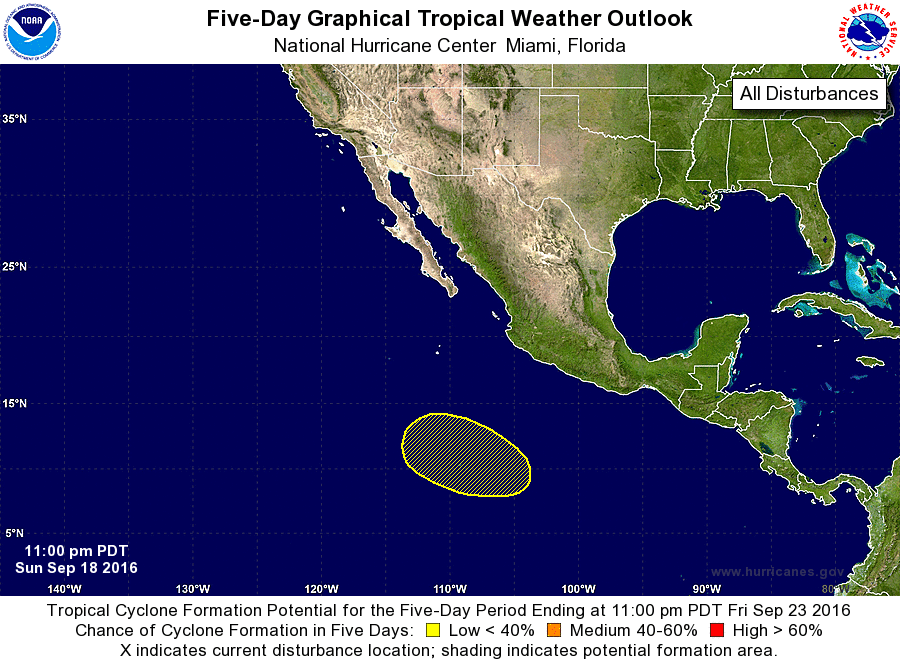
For the eastern North Pacific...east of 140 degrees west longitude:

The National Hurricane Center is issuing advisories on Tropical Storm Paine, located a few hundred miles southwest of the southern tip of the Baja California peninsula.

1. An area of low pressure could form in a couple of days well to the southwest of southwestern Mexico. Development, if any, of this system should be slow to occur while it moves slowly west-northwestward.
* Formation chance through 48 hours...low...near 0 percent
* Formation chance through 5 days...low...20 percent

Forecaster Pasch